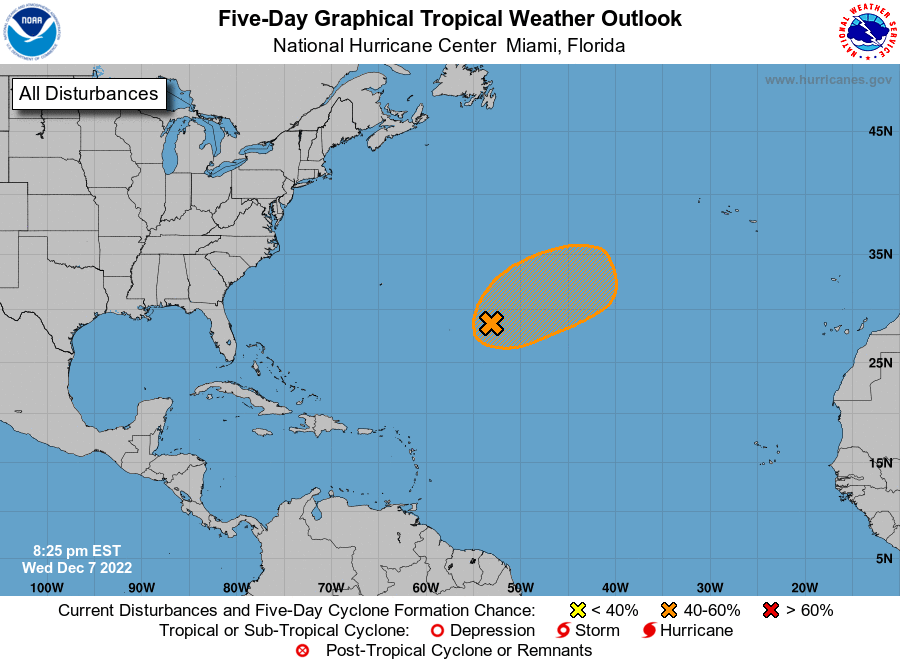
For the North Atlantic...Caribbean Sea and the Gulf of Mexico:

Special Tropical Weather Outlook issued to discuss the potential for subtropical development over the central Atlantic.

1. Central Subtropical Atlantic: A large non-tropical area of low pressure located over the central subtropical Atlantic about 950 miles northeast of the northern Leeward Islands is producing an extensive area of disorganized showers and thunderstorms. Although this system may acquire some subtropical characteristics tonight and Thursday, it is unlikely to become completely detached from a frontal zone. By Friday, the low will move northeastward over cooler waters and interact with a mid-latitude trough, limiting the chance for additional subtropical or tropical development of the system. Additional information on this low, including warnings, can be found in High Seas Forecasts issued by the National Weather Service. The next Special Tropical Weather Outlook on this system will be issued by 9 AM EST Thursday, or earlier, if necessary.
* Formation chance through 48 hours...medium...40 percent.
* Formation chance through 5 days...medium...40 percent.

High Seas Forecasts issued by the National Weather Service can be found under AWIPS header NFDHSFAT1, WMO header FZNT01 KWBC, and online at ocean.weather.gov/shtml/NFDHSFAT1.php

Forecaster Pasch